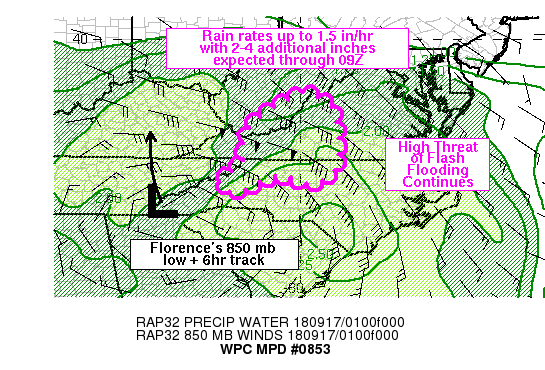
Areas affected...western NC/VA into southeastern WV

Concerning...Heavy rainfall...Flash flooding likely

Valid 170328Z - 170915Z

Summary...A high threat for flash flooding will continue from the
Piedmont into the Appalachians of NC, SC and WV. 2-4 inches
between 03-09Z can be expected with rain rates between 0.5 and 1.5
in/hr.

Discussion...Regional radar imagery across the central
Appalachians into the Piedmont showed widespread light to moderate
stratiform rain with embedded heavier elements. Observed rainfall
rates and peak dual-pol estimates (KFCX, KRAX) have generally
ranged between 0.5 and 1.5 in/hr over the past couple of hours.
00Z soundings from RNK and GSO showed instability was weak at less
than 500 J/kg with precipitable water values ranging between 1.8
and 2.3 inches. VAD wind data and RAP analyses showed
east-southeasterly 850 mb flow of 40-50 kt, stretching from
central NC into western VA and the KY/WV border. Instability
appeared to be the greatest limiting factor for higher rates but
nonetheless, 3-6+ inches of rain have already fallen across large
sections of the area through the day on Sunday.

Surface and 00Z upper air data showed that Tropical Depression
Florence's low level center and mid-level center are becoming more
displaced from one another. VAD wind data showed the 850 mb low
from Florence was located over the southern TN/NC border at 03Z,
with a RAP forecast track toward the north-northwest through 09Z.
This track will allow 850 mb winds to veer toward a more southerly
direction across western NC/VA through 09Z allowing stronger
moisture flux to move north toward the central VA/WV border. There
is no significant change in MUCAPE forecast through the morning
for these areas, so continued 0.5-1.5 in/hr rain rates should be
expected at times within elements of training heavy rain cores. An
additional 2-4 inches of rain is expected (locally higher) through
09Z which given the sensitive terrain and wet antecedent
conditions, makes flash flooding likely.